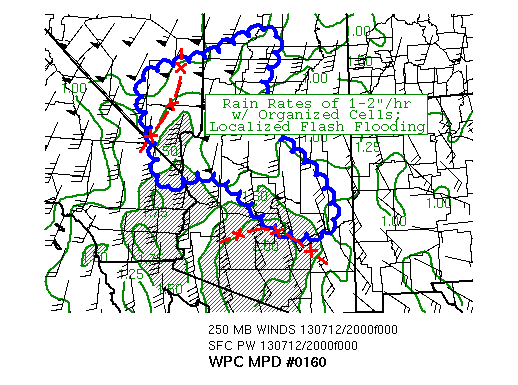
AREAS AFFECTED...SRN NV... NORTH CENTRAL AZ AND SWRN UT

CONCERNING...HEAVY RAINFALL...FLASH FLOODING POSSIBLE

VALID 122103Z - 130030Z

SUMMARY...THE MOST ORGANIZED MONSOONAL RAINS IN THE PAST FOUR
DAYS... RAIN RATES OF 1-2"/HR WITHIN MORE ORGANIZED CONVECTIVE
CELLS.

DISCUSSION...SEVERAL SMALL SCALE SHORT WAVE IMPULSES ARE ROUNDING
THE WESTERN EDGE OF THE 500MB RIDGE CENTER OR THROUGH THE DESERT
SOUTHWEST EARLY THIS AFTN. ONE SHORT WAVE APPEARS TO BE LIFTING
OUT OF SRN NV TOWARD SRN UT... WHILE AN EARLIER ORGANIZED MCS IS
BEGINNING TO LIFT UP THROUGH CENTRAL AZ. EACH FEATURE IS ACTING ON
A LARGER SCALE UPPER JET STREAK OF 50 TO 60 KTS AT 250MB AND ITS
FAVORABLE RIGHT HAND ENTRANCE REGION ENHANCED VERTICAL LIFT.
MEANWHILE... DEEP MONSOONAL MOISTURE IS POOLING AND CONTINUING TO
ADVANCE NORTHWARD THROUGH THE SOUTHWEST WITH PWS AVG AOA 1.5" OVER
SRN NV AND AOA 2" IN AZ. STRONG HEATING AND FURTHER
DESTABILIZATION IS EXPECTED THROUGH THE AFTN WITH EVEN THE
POTENTIAL OF THE TWO SEMI-ORGANIZED CONVECTIVE HEAVY RAIN CLUSTERS
POSSIBLY INTERACTING/MERGING LATER. RAIN RATES OF 1-2"/HR WITHIN
THE MOST ORGANIZED CELLS IS LIKELY... ESPECIALLY ACROSS THE
TERRAIN. THIS COULD POTENTIALLY PRODUCE LOCALIZED FLASH FLOODING
CONDITIONS OVER THE NEXT SEVERAL HRS.